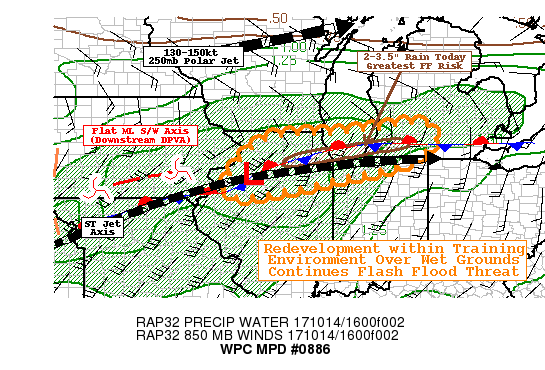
AREAS AFFECTED...NORTHERN IL...NORTHERN IND...SOUTHWEST MI

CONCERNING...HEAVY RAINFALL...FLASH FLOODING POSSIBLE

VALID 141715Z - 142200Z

SUMMARY...PERSISTENT TRAINING OF MODERATE SHOWERS WITH EMBEDDED
CONVECTION TO CONTINUE THROUGH EARLY AFTERNOON ADDING TO 2-3"
TOTALS ALREADY OBSERVED KEEPING FLASH FLOODING POSSIBLE.

DISCUSSION...GOES-E WV LOOP SHOWS A SUBTLE FLAT SHORTWAVE ALONG
THE SUBTROPICAL STREAM GRADIENT ACROSS S CENTRAL IA ATTM...WITH
LOCALIZED DOWNSTREAM S/W RIDGING/DIFFLUENCE OF THE UPPER LEVEL
FLOW PATTERN PROVIDING MODEST UL DIVERGENCE/MID-LEVEL DPVA FOR
BROADER SCALE ASCENT.  16Z MESO ANALYSIS DEPICTS A WEAK 1015MB LOW
STARK COUNTY IL WHICH APPEARS TO BE THE NOSE OF INCREASING SWLY
LOW LEVEL JET (FROM 20KTS AT 850 TO 30-35KTS) PER VWP NETWORK AND
RAP ANALYSIS FIELDS.  CLEARING SKIES/DIFFERENTIAL HEATING HAS
INTENSIFIED THE BOUNDARY ACROSS N IL WITH TEMPS INTO THE UPPER 70S
AND MID 60S TDS...ALLOWING FOR INSTABILITY TO REACH CAPPED
500-1000 MLCAPE ATTM.  THOUGH WITH STRENGTHENED ASCENT AND LOW
LEVEL MOISTURE CONVERGENCE...TCU ARE BUBBLING ACROSS NW IL TOWARD
SOUTHERN CHICAGO.  THIS CONVECTIVE DEVELOPMENT WILL CONTINUE TO
ENHANCE AND GIVEN MEAN FLOW REMAINS FAIRLY UNIDIRECTIONAL FOR THE
NEXT FEW HOURS...TRAINING OF CONVECTION REMAINS LIKELY PERHAPS
ALIGNING WITH SWATH OF 2-3.5" TOTALS FROM N LA SALLE COUNTY TO
COOK COUNTY AND EXTENDING ACROSS S LAKE MI TO SW MI.

MOISTURE FLUX FROM THE STRENGTHENING LLJ IS EXPECTED TO ENHANCE
TPWS TO NEAR 2" AND SUPPORT RATES AOA 2-2.5"/HR.  THOUGH WITH
CONTINUED CELL MOTIONS REMAINING AT 45-50KTS HOURLY TOTALS OF
1.5-2"/HR ARE POSSIBLE BUT REQUIRE THE TRAINING NATURE OF
INDIVIDUAL CELLS TO ACCOMPLISH THESE TOTALS.  THE HIGH RATES/WET
GROUNDS AND AN ADDITIONAL 2-4" TOTALS ACROSS N IL TO SW MI THROUGH
22Z WILL CONTINUE TO POSE AT LEAST LONGER DURATION/INUNDATION
FLOODING WITH POSSIBLE FLASHY CONDITIONS ESPECIALLY IN THE
CHICAGOLAND URBAN CORRIDOR.  THIS FOLLOWS BEST WITH LAST FEW RUNS
OF THE HRRR/HRRRV3 WITHIN THE HI-RES GUIDANCE SUITE REGARDING
HANDLING THE CURRENT EVOLUTION.